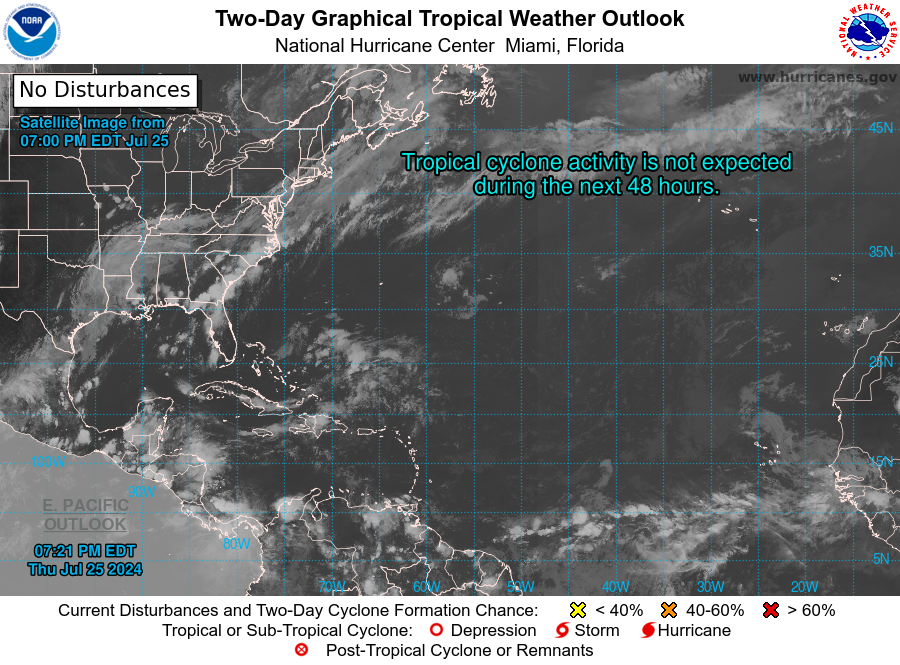
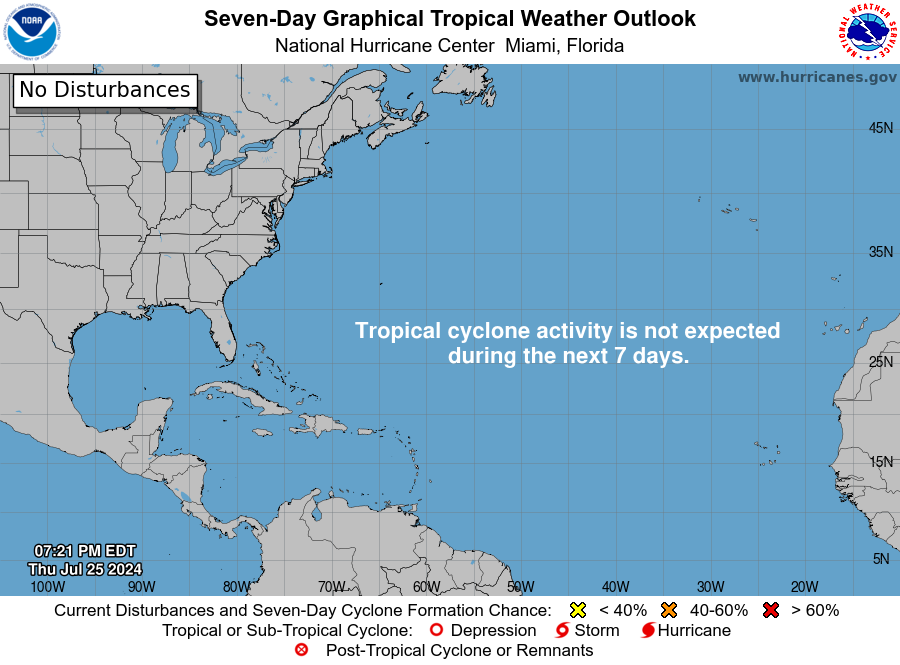
For the North Atlantic...Caribbean Sea and the Gulf of Mexico:

Tropical cyclone formation is not expected during the next 7 days.

Forecaster Pasch